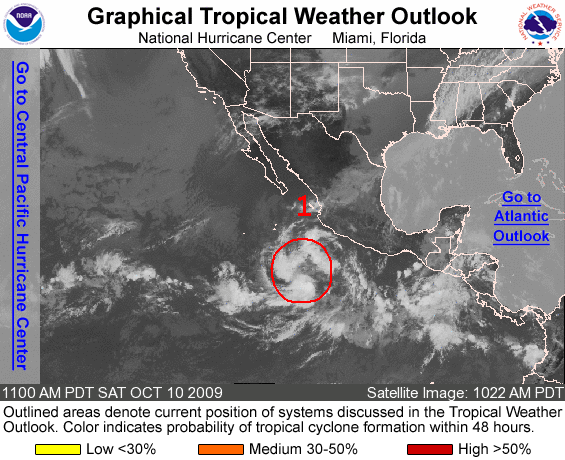
FOR THE EASTERN NORTH PACIFIC...EAST OF 140 DEGREES WEST LONGITUDE..

1. AN AREA OF LOW PRESSURE LOCATED ABOUT 350 MILES SOUTHWEST OF MANZANILLO MEXICO CONTINUES TO BECOME BETTER ORGANIZED AND A TROPICAL DEPRESSION COULD FORM LATER TODAY OR TONIGHT. THERE IS A HIGH CHANCE...GREATER THAN 50 PERCENT...OF THIS SYSTEM BECOMING A TROPICAL CYCLONE DURING THE NEXT 48 HOURS AS IT MOVES TO THE WEST AT 5 TO 10 MPH.

ELSEWHERE...TROPICAL CYCLONE FORMATION IS NOT EXPECTED DURING THE NEXT 48 HOURS.

FORECASTER BLAKE